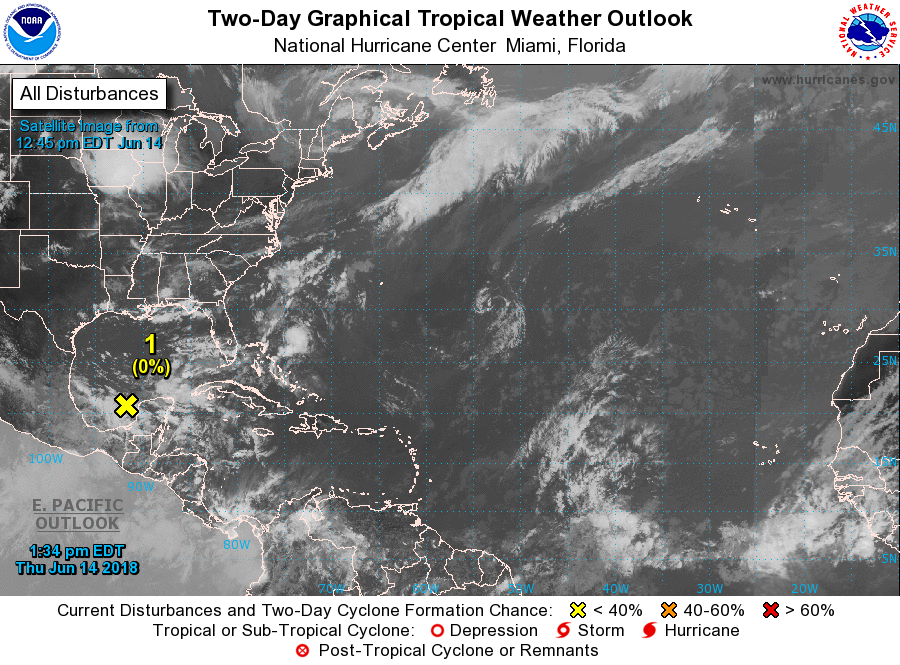
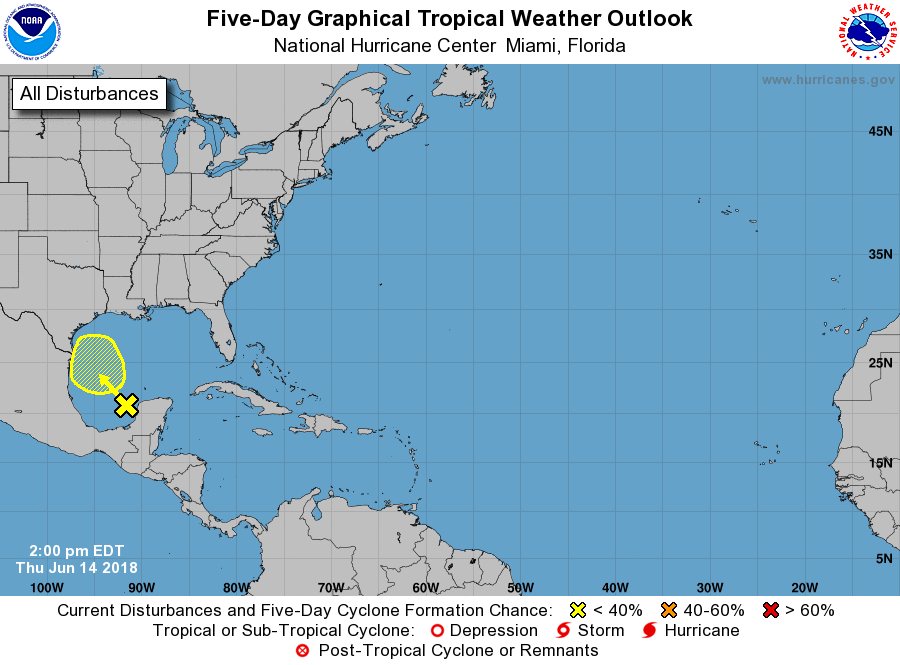
For the North Atlantic...Caribbean Sea and the Gulf of Mexico:

1. A surface trough, accompanied by an area of disorganized showers and thunderstorms, has emerged over the southern Gulf of Mexico and the Bay of Campeche. This system is expected to move generally west-northwestward over the southwestern Gulf of Mexico today through Saturday. Development, if any, of this disturbance should be slow to occur due to strong upper-level winds.
* Formation chance through 48 hours...low...near 0 percent.
* Formation chance through 5 days...low...10 percent.

Forecaster Stewart